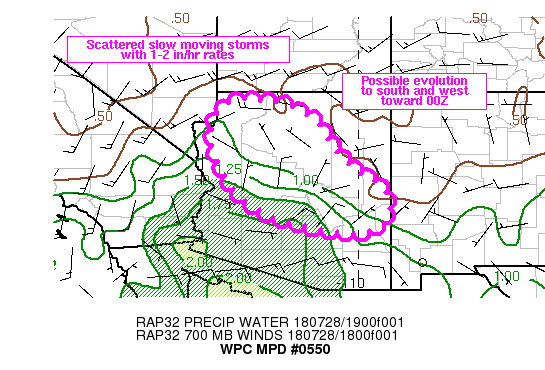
Areas affected...central/northern AZ

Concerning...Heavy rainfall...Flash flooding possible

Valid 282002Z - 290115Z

SUMMARY...Scattered monsoonal convection will pose a flash flood
threat into the late afternoon/early evening over portions of
northern and central AZ. Rainfall rates of 1-2 inches over 60
minutes or less are expected in a few locations with possible
evolution into portions of central AZ near 00Z.

DISCUSSION...12Z analysis over AZ showed the greatest moisture
magnitude and departures from normal over southern portions of the
state but with weakly anomalous moisture into northern AZ and
southern NV (FGZ/VEF RAOBs). A 700-500 mb ridge was situated over
western AZ with somewhat weak/variable flow below 500 mb but with
a general movement of flow toward the south in the mid-levels over
the eastern half of the state. Visible satellite and regional
radar loops through 20Z indicated the development of diurnally
driven convection with slow moving or near stationary movement of
rain cores. The most notable of these was with a cell just north
of Flagstaff with radar estimated rates of 1-2 in/hr.

The concern for flash flooding comes from 14-day rainfall
departures from normal over portions of central and northern AZ
which may overlap with some of the slow moving convection which
will be capable of 1-2 inches in a 60 minute period or shorter.
VAD wind plots from KIWX AND TPHX showed 850 mb flow orthogonal to
the orientation of the Mogollon Rim which may help support added
low level convergence if convection is able to congeal and
propagate southward off of the Rim into some of the lower
elevations toward 00Z. While not expected to be widespread, flash
flooding appears possible over central/northern portions of AZ
through at least 01Z.